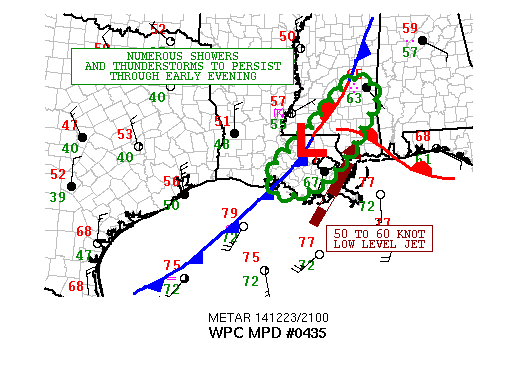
AREAS AFFECTED...CENTRAL AND SOUTHEAST LA...CENTRAL AND SOUTHERN
MS

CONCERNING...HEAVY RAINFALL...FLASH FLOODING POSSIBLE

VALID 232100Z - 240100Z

SUMMARY...NUMEROUS BANDS OF HEAVY SHOWERS AND THUNDERSTORMS TO
PERSIST THROUGH EARLY EVENING HOURS. REPEATING CONVECTION WILL
FOSTER SOME RISK FOR FLASH FLOODING.

DISCUSSION...A STRONG SHORTWAVE TROUGH IS DIGGING ACROSS THE
SOUTHERN PLAINS AND IS NOW BEGINNING TO MOVE TOWARD THE LOWER MS
VALLEY. THIS IS DRIVING A COLD FRONT TO THE EAST...AND THE LATEST
SURFACE OBSERVATIONS INDICATE AN AREA OF LOW PRESSURE DEVELOPING
ALONG THE FRONT NEAR THE MS/LA BORDER. MEANWHILE...STRONG UPPER
LEVEL JET DYNAMICS IS FAVORING A BROAD AREA OF ENHANCED LARGE
SCALE ASCENT DOWNSTREAM ACROSS THE GULF COAST STATES...AND WITH AN
AREA OF STRONG WARM ADVECTION BEING ENHANCED BY A 50 TO 60 KNOT
LOW LEVEL JET.

THIS LARGER SCALE FORCING/SHEAR ENVIRONMENT COUPLED WITH
IMPRESSIVE MOISTURE TRANSPORT IS FOSTERING WIDESPREAD AREAS OF
HEAVY SHOWERS AND THUNDERSTORMS AS DENOTED BY IR SAT AND RADAR
IMAGERY. THE CONVECTION IS GENERALLY ORIENTED IN BANDS SW/NE
ACROSS CENTRAL/SOUTHERN LA NORTHEAST INTO CENTRAL/SOUTHERN MS
AHEAD A COLD FRONT. RAINFALL RATES WITHIN THE BANDS ARE ON THE
ORDER OF 1 TO 2 INCHES/HR...AND WITH SOME SHORT-TERM CONCERN FOR
THESE CONVECTIVE BANDS TO TRAIN OVER THE SAME AREA...THERE WILL BE
A RISK FOR SOME FLASH FLOODING.

THE HI-RES 12Z ARW AND LAST FEW RUNS OF THE HRRR SUGGEST THE
POTENTIAL ADDITIONAL RAINFALL AMOUNTS OF 2 TO 4 INCHES OVER
PORTIONS OF THE THREAT AREA...AND THIS COUPLED WITH THE FACT THAT
CLOUD TOPS ARE COOLING AND THERE HAVE BEEN NUMEROUS OVERSHOOTING
TOPS OVER THE LAST COUPLE OF HOURS...SUGGESTS THE THREAT FOR FLASH
FLOODING MAY INCREASE.